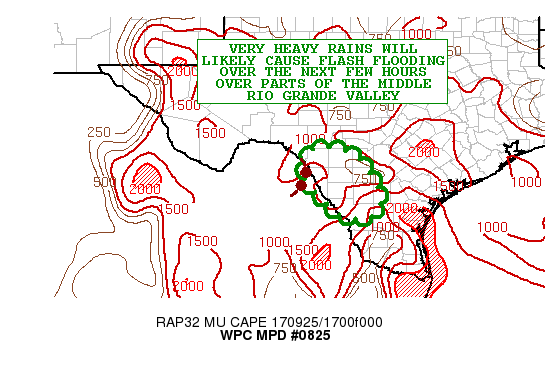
AREAS AFFECTED...MIDDLE RIO GRANDE VALLEY

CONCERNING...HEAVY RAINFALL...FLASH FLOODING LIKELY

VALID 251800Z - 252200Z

SUMMARY...SMALL CLUSTER OF VERY SLOW-MOVING THUNDERSTORMS WILL
LIKELY PERSIST OVER THE NEXT FEW HOURS WITH EXTREMELY HEAVY
RAINFALL. FLASH FLOODING WILL BE LIKELY AS THESE RAINS ARRIVE
ACROSS PARTS OF THE MIDDLE RIO GRANDE VALLEY.

DISCUSSION...NON-OPERATIONAL GOES-16 10.3 MICRON/IR IMAGERY SHOWS
A HIGHLY PERSISTENT AND FOCUSED CLUSTER OF THUNDERSTORMS MOVING
VERY SLOWLY EAST ACROSS THE NORTHERN MEXICAN STATE OF COAHUILA.
THE CONVECTION WHICH HAS BEEN ONGOING FOR SEVERAL HOURS NOW IS
EXPECTED TO BEGIN CROSSING THE RIO GRANDE RIVER AND INTO ADJACENT
TX COUNTIES ON THE U.S. SIDE OF THE BORDER...AND SPECIFICALLY
KINNEY AND MAVERICK COUNTIES IN THE SHORT TERM.

THE CONVECTION IS BEING AIDED BY DIFFLUENT FLOW ALOFT ASSOCIATED
WITH STREAMING VORT ENERGY LIFTING NORTH-NORTHEAST ACROSS CENTRAL
AREAS OF MAINLAND MEXICO AND WITH A VERY MOIST COLUMN IN PLACE
THAT IS BEING AIDED IN PART BY WEAKENING T.D. PILAR NEAR THE
SOUTHWEST PACIFIC COAST OF MEXICO. MEANWHILE...THERE IS PLENTY OF
LOW LEVEL SOUTHEAST FLOW AIMING UP THE RIO GRANDE VALLEY WHICH IS
HELPING TO TRANSPORT GREATER DIURNALLY ENHANCED INSTABILITY INTO
THE AREA OF ACTIVE CONVECTION. GIVEN DOWNSTREAM MLCAPE VALUES OF
1000 TO 1500 J/KG...AND EFFECTIVE BULK SHEAR VALUES OF 30 TO 35
KTS...THE CURRENT CONVECTIVE CLUSTER WILL LIKELY MAINTAIN A FAIRLY
HIGH DEGREE OF ORGANIZATION OVER THE NEXT FEW HOURS AS IT MOVES
VERY SLOWLY EASTWARD.

EXTREMELY HEAVY RAINFALL RATES OF UP TO 3 INCHES/HR ARE EXPECTED
BASED ON KDFX DUAL-POL RADAR ESTIMATES AND TRENDS ALSO SEEN WITH
GOES-16 SATELLITE IMAGERY WHICH SHOW SOME ADDITIONAL COOLING OF
CONVECTIVE TOPS INCLUDING A COUPLE OF VERY WELL-DEFINED
OVERSHOOTING TOPS WHICH ARE INDICATIVE OF HIGHLY ORGANIZED/FOCUSED
AND STRONG UPDRAFTS. EXPECT AS MUCH AS 4 TO 6+ INCHES OF RAIN TO
BE POSSIBLE AS THIS SMALL MCS MOVES EAST. THESE RAINFALL AMOUNTS
ARE LIKELY TO CAUSE SOME FLASH FLOODING.